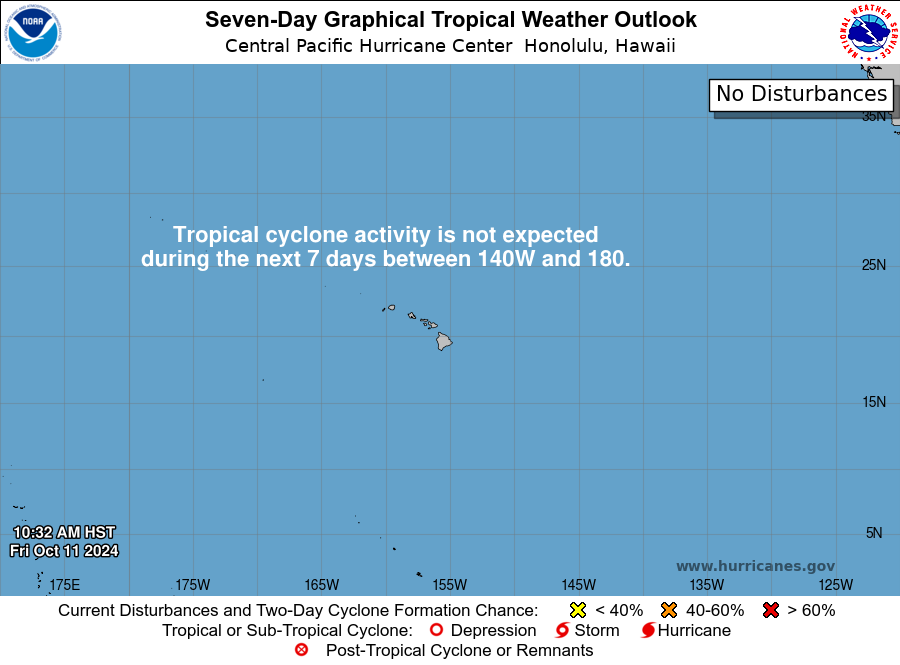
For the central North Pacific...between 140W and 180W:

No tropical cyclones are expected during the next 7 days.

Forecaster Vaughan